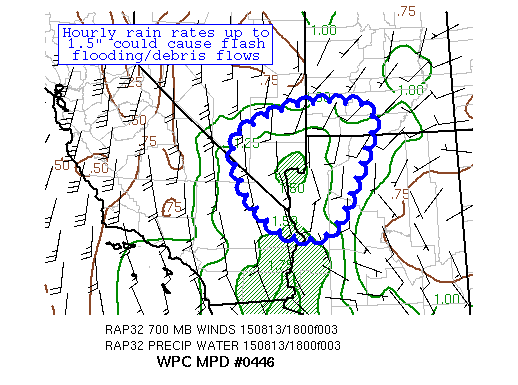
AREAS AFFECTED...SOUTHERN NV, NORTHWEST AZ, AND VICINITY

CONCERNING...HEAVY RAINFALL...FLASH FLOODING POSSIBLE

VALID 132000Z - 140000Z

SUMMARY...DEVELOPING THUNDERSTORMS WITHIN A MOISTURE CHANNEL ARE
SHOWING SLOW MOVEMENT WHILE INCREASING IN COVERAGE.  FLASH
FLOODING IS POSSIBLE.

DISCUSSION...A MOISTURE CHANNEL SEEN ON WATER VAPOR IMAGERY ACROSS
THE REGION EXISTS ON THE WEST SIDE OF A SUBTROPICAL RIDGE WHICH
HAS BEEN SLOWLY RETROGRADING OVER THE PAST COUPLE DAYS.  A VAGUE,
WEAK SHORTWAVE LEFT OVER FROM LAST NIGHT'S CONVECTION IN SOUTHWEST
AZ IS MOVING INTO THE SCENE FROM THE SOUTH-SOUTHEAST.
PRECIPITABLE WATER VALUES OF 1-1.7" EXIST HERE, WHICH ARE 2-3
SIGMAS ABOVE THE MEAN FOR MID-AUGUST.  CLOUD BASE INFLOW OF 10-15
KTS IS SEEN AT 700 HPA PER RECENT RAP FORECASTS AND VAD WIND
PROFILES NEAR AND WEST OF THIS REGION, WHICH COULD ORGANIZE
CONVECTION ABOVE THE PULSE MODE.  CELL MOTION HAS BEEN ROUGHLY
NORTH AT 5-10 KTS, ALONG THE MAGNITUDE OF THE MEAN 850-400 HPA
WIND.  MLCAPES IN THE AREA ARE 1000-2000 J/KG IN THIS AREA.

IF CELLS ARE ABLE TO FURTHER ORGANIZE, THEY COULD PICK UP THE PACE
TO NORTH AT 15 KTS.  OTHER ACTIVITY COULD FIRE NEAR THE AZ/CA
BORDER ONCE CIN ERODES FURTHER.  CELL MERGERS/TRAINING APPEAR TO
BE THE MAIN FLASH FLOOD THREAT.  CONSIDERING THE MOISTURE
AVAILABILITY, HOURLY RAIN RATES UP TO 1.5" ARE POSSIBLE.  MOST OF
THE CAM GUIDANCE IS USELESS IN THIS REGION.  THE MAIN EXCEPTION IS
THE 12Z SPC WRF, WHICH ADVERTISES LOCAL AMOUNTS OF 2-3" ACROSS
SOUTHERN NV, WHICH SEEMS REASONABLE.  THIS DEGREE OF RAINFALL
COULD LEAD TO FLASH FLOODING/DEBRIS FLOWS ACROSS THE AREA.  THE
AVAILABLE INSTABILITY SUPPORTS ABOUT FOUR HOURS OF ACTIVE
CONVECTION BEFORE THE ATMOSPHERE STABILIZES, SO USED THAT AS THE
HORIZON FOR THIS MPD.